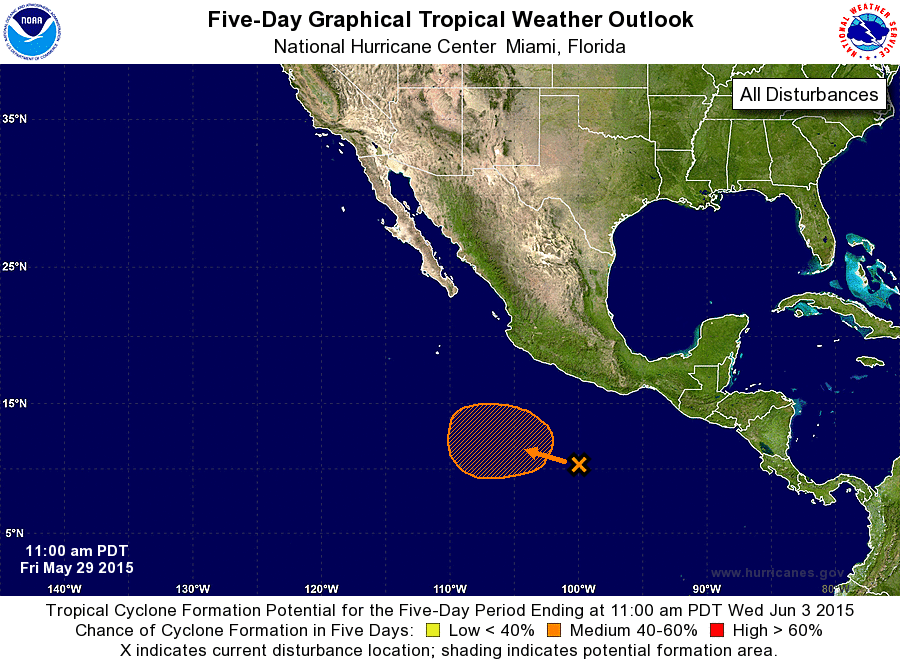
For the eastern North Pacific...east of 140 degrees west longitude:

The National Hurricane Center is issuing advisories on Tropical Storm Andres, located nearly 800 miles south-southwest of the southern tip of the Baja California peninsula.

1. A weak low pressure system located several hundred miles south of Acapulco, Mexico is accompanied by disorganized cloudiness and showers. Upper-level winds are not expected to be favorable during the next couple of days while the system moves slowly westward to west-northwestward, but they are forecast to become more conducive for development by early next week.
* Formation chance through 48 hours...low...near 0 percent
* Formation chance through 5 days...medium...40 percent

Forecaster Stewart